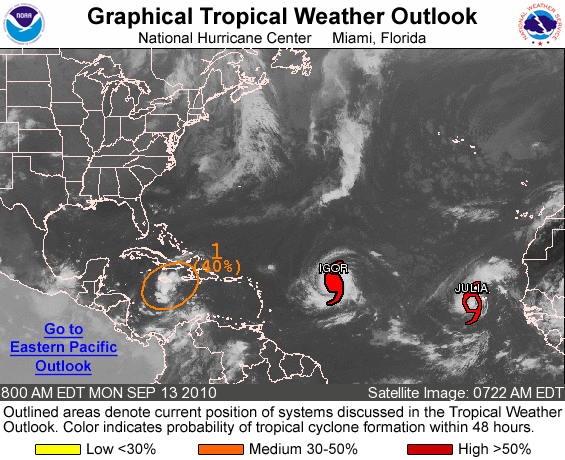
FOR THE NORTH ATLANTIC...CARIBBEAN SEA AND THE GULF OF MEXICO...

THE NATIONAL HURRICANE CENTER IS ISSUING ADVISORIES ON HURRICANE IGOR...LOCATED ABOUT 940 MILES EAST OF THE NORTHERN LEEWARD ISLANDS ...AND ON TROPICAL STORM JULIA...LOCATED ABOUT 85 MILES WEST-SOUTHWEST OF THE SOUTHERNMOST CAPE VERDE ISLANDS.

1. A TROUGH OF LOW PRESSURE OVER THE CENTRAL CARIBBEAN SEA CONTINUES TO PRODUCE DISORGANIZED CLOUDINESS AND SHOWERS. ENVIRONMENTAL CONDITIONS APPEAR TO BE CONDUCIVE FOR SOME DEVELOPMENT DURING THE NEXT COUPLE OF DAYS AS THE TROUGH MOVES WEST-NORTHWESTWARD AT AROUND 15 MPH. THERE IS A MEDIUM CHANCE...40 PERCENT...OF THIS SYSTEM BECOMING A TROPICAL CYCLONE DURING THE NEXT 48 HOURS. REGARDLESS OF DEVELOPMENT...LOCALLY HEAVY RAINFALL IS POSSIBLE OVER PORTIONS OF HISPANIOLA...JAMAICA...CUBA...AND THE CAYMAN ISLANDS DURING THE NEXT DAY OR TWO. THESE RAINS COULD CAUSE LIFE-THREATENING FLASH FLOODS AND MUD SLIDES...ESPECIALLY IN MOUNTAINOUS TERRAIN.

ELSEWHERE...TROPICAL CYCLONE FORMATION IS NOT EXPECTED DURING THE NEXT 48 HOURS.

PUBLIC ADVISORIES ON JULIA ARE ISSUED UNDER WMO HEADER WTNT32 KNHC AND UNDER AWIPS HEADER MIATCPAT2. FORECAST/ADVISORIES ARE ISSUED UNDER WMO HEADER WTNT22 KNHC AND UNDER AWIPS HEADER MIATCMAT2.

FORECASTER BRENNAN